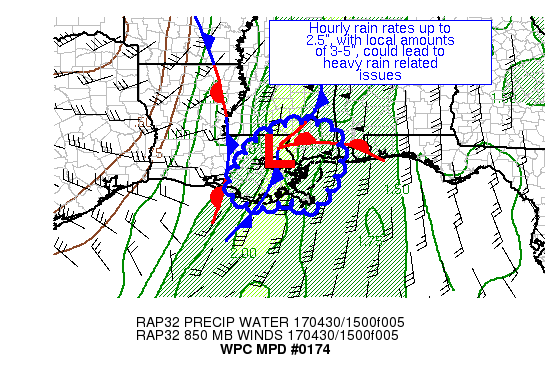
AREAS AFFECTED...SOUTHEAST LA & SOUTHERNMOST MS

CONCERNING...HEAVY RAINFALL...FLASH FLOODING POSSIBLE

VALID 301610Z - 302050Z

SUMMARY...THUNDERSTORMS ARE STARTING TO SLOW THEIR EASTERN ADVANCE
ACROSS SOUTHEAST LA AS THEY RUN AHEAD OF THE MAIN SYNOPTIC
BOUNDARY.  HOURLY RAIN RATES TO 2.5", WITH LOCAL AMOUNTS OF 3-5",
COULD LEAD TO ISSUES.

DISCUSSION...THE 15-16Z SURFACE OBSERVATIONS INDICATED THAT THE
CONVECTIVE LINE MOVING ACROSS MS AND SOUTHEAST LA HAD OUTPACED THE
SURFACE FRONT WHICH HAS ITSELF STALLED NEAR THE ATCHAFALAYA/MS
RIVER, AND SOME SLOWING HAD BEEN NOTED TO CONVECTIVE PROGRESSION
ON RADAR IMAGERY.  THE 00Z ARW SHOWED THIS SORT OF SOLUTION
EARLIER.  PRECIPITABLE WATER VALUES OF ~2" LIE ACROSS THE AREA,
AND INFLOW AT 850 HPA IS CONVERGENT WITH SPEEDS OF 40-55 KTS PER
NEARBY VAD WIND PROFILES.  DEW POINTS IN THE MID 70'S LIE SOUTH OF
THE MESOSCALE WARM FRONT IN SOUTHERN MS AND SOUTHERN AL.  BULK
SHEAR IN THE 0-6 KM LAYER APPROACHES 40 KTS, WHICH HAS AT TIMES
LED TO CONVECTIVE WAVES WITHIN THE SQUALL LINE.

THE 14Z HRRR APPEARS TO HAVE THE BEST HANDLE ON THE SITUATION DOWN
THERE FROM A HEAVY RAIN PATTERN PERSPECTIVE.  WITH THIS SORT OF
DISTANCE BETWEEN THE TWO BOUNDARIES, THE RAINFALL PATTERN COULD
BROADEN SOMEWHAT WHICH ALONG WITH POSSIBLE WAVES IN THE CONVECTIVE
PATTERN WOULD HEIGHTEN THE RISK FOR HEAVIER RAINFALL.  HOURLY RAIN
RATES COULD RAMP UP TO 2.5", WITH LOCAL AMOUNTS OF 3-5" ARE
POSSIBLE OVER THE NEXT SEVERAL HOURS.  THIS AMOUNT OF RAIN WOULD
CHALLENGE THE HIGH FLASH FLOOD GUIDANCE VALUES.